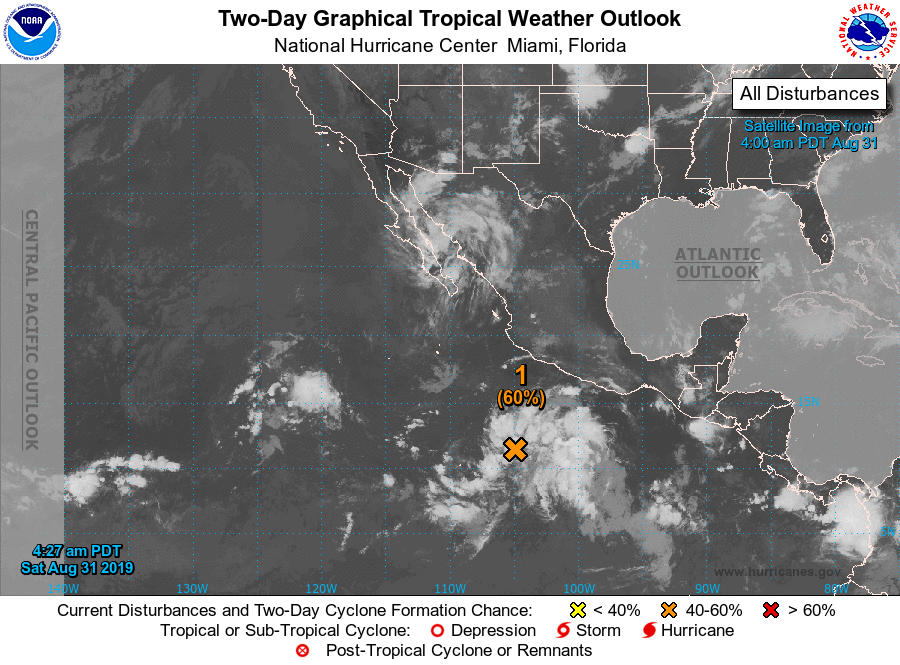
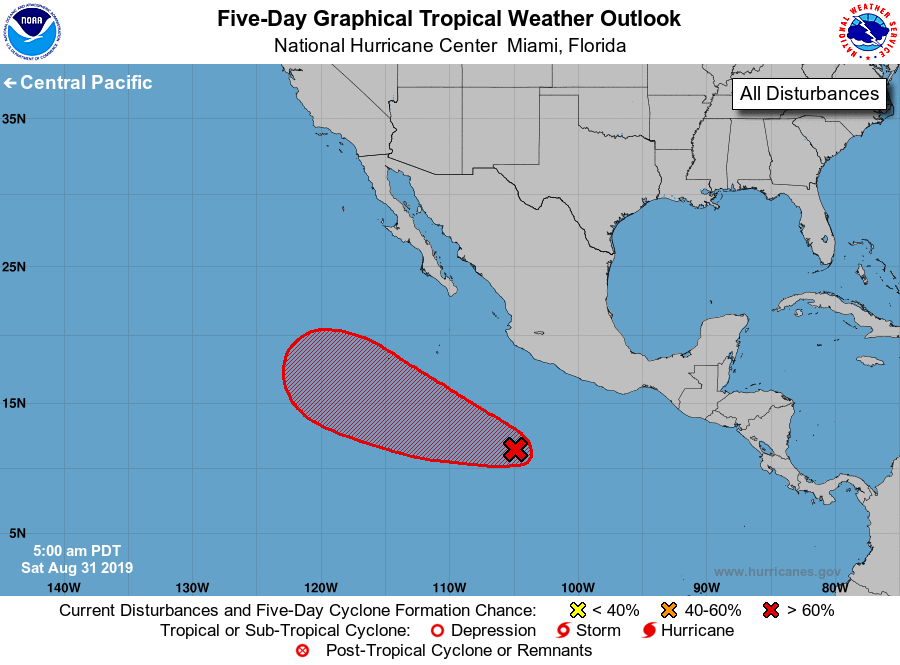
For the eastern North Pacific...east of 140 degrees west longitude:

1. A broad area of low pressure located several hundred miles south- southwest of the southern coast of Mexico has become better organized since yesterday. Environmental conditions appear conducive for further development of this system, and a tropical depression is expected to form early next week while the system moves west-northwestward at 10 to 15 mph.
* Formation chance through 48 hours...medium...60 percent.
* Formation chance through 5 days...high...90 percent.

Forecaster Blake